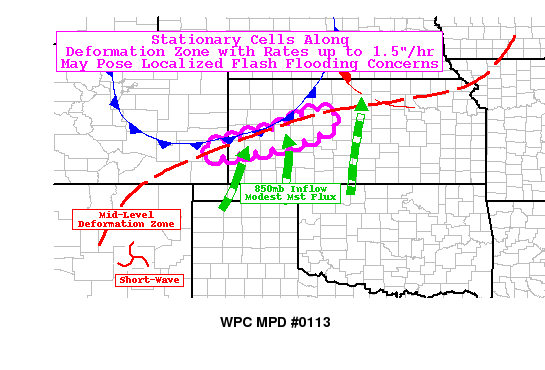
AREAS AFFECTED...CENTRAL AND WESTERN KS....EAST CENTRAL CO

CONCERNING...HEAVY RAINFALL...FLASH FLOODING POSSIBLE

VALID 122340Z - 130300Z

SUMMARY...LINE OF CONVECTION MAY POSE SHORT-TERM FLASH FLOODING
CONCERNS DUE TO STATIONARY NATURE OF CELLS

DISCUSSION...WV DENOTES A DEFORMATION/CONVERGENCE ZONE BETWEEN THE
TRAILING TROF OF AN EXITING SHORTWAVE ACROSS S MN EXTENDING BACK
TO THE NORTHERN SIDE OF DEEPER SHORTWAVE ACROSS NM.  MODEST
20-30KT SOUTHERLY LOW LEVEL FLOW INTERSECTING A SURFACE BOUNDARY
HAS SPARKED CONVECTION THAT HAS BEEN COOLING TO BELOW -70C.
WITHIN THE DEFORMATION ZONE THERE IS LIMITED CELL MOTIONS WITH
SOME RAP 0-6KM VECTORS BELOW 10KTS AND BUNKERS RIGHT MOVING
SUPERCELL VECTORS AT ZERO.  THOUGH MOISTURE IS LIMITED WITH TPWS
IN THE 1.0" RANGE...THE LACK OF MOTION HAS MOISTEN THE LOWER LEVEL
PROFILE SUPPORTING INCREASED RAIN RATES TO 1.25-1.5"/HR POSSIBLE.
 RAP FORECAST DENOTE AN EXPECTATION OF 7H VEERING TOWARD 01-02Z
ALLOWING FOR INCREASED FORWARD PROPAGATION GIVEN MAINTAINED
SOUTHERLY FLOW.  STILL 1-3 HOUR TOTALS WOULD BE AT OR POSSIBLY
EXCEED THE 3HR FFG VALUES IN THE REGION ALLOWING FOR SOME POSSIBLE
ISOLATED FF TO OCCUR.

HI-RES GUIDANCE HAS NOT BEEN AS ENERGETIC IN DEVELOPING THE
CONVECTIVE LINE ALREADY SEEN IN RADAR/SATELLITE...THOUGH HRRR AND
RAP DO SUGGEST THIS LIMITED TIME PERIOD OF STATIONARY CELLS THOUGH
WITH LESS COVERAGE WHILE SUGGESTING RAIN TOTALS OF 2-3" POSSIBLE
PROVIDING SOME CONFIDENCE IN THE POSSIBILITY OF THIS ISOLATED FF
OCCURRING.